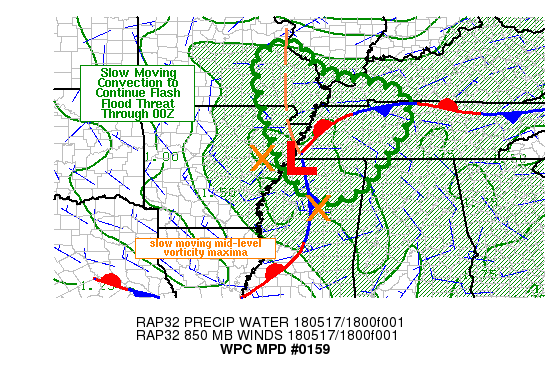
AREAS AFFECTED...LOWER TO MID-MISSISSIPPI VALLEY

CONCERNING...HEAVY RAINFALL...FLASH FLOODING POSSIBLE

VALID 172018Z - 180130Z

SUMMARY...A FLASH FLOOD THREAT WILL CONTINUE FOR THE NEXT 3-6
HOURS IN THE VICINITY OF THE LOWER TO MID-MISSISSIPPI VALLEY WITH
SLOW MOVING REPEATING CORES OF HEAVY RAIN. ADDITIONAL RAINFALL OF
3-5 INCHES WILL BE POSSIBLE ON A LOCALIZED BASIS.

DISCUSSION...MID-LEVEL WATER VAPOR IMAGERY DEPICTED AN ELONGATING
BUT SLOW MOVING DOUBLE BARREL VORTICITY MAX OVER THE
ARKANSAS/MISSISSIPPI BORDER AT 2000Z. SURFACE OBSERVATIONS PLACED
A LOW CENTER NEAR HKA WITH A WEAKENING STATIONARY FRONT EXTENDING
EAST AND SOUTH TO SOUTHWEST OF THE LOW. IN ADDITION...AN INVERTED
TROUGH AXIS EXTENDED NORTH-NORTHWEST OF THE LOW INTO SOUTHEASTERN
MISSOURI. OBSERVED CONVECTION OVER THE PAST FEW HOURS IN THE
VICINITY OF THE SURFACE LOW AND RELATED BOUNDARIES HAS BEEN SLOW
MOVING...GENERALLY TOWARD THE WEST...WITH REPEATING CELL MOTIONS.
KPAH AND KNQA RADAR RATES HAVE PEAKED AS HIGH AS 2-3 IN/HR...BUT
THE LOCALIZED NATURE OF THESE ESTIMATED RATES ALONG WITH LIKELY
EMBEDDED SMALL HAIL HAS MADE CONFIRMING WITH GROUND TRUTH
DIFFICULT. NONETHELESS...PRECIPITABLE WATER VALUES OF ROUGHLY 1.7
TO 1.8 INCHES PER RECENT GPS SITES AND MLCAPE AT OR ABOUT 1000
J/KG PER THE SPC MESOANALYSIS PAGE SUPPORT THE POTENTIAL FOR 2+
IN/HR RAIN RATES GIVEN THE SLOW STORM MOTIONS.

ADDITIONAL CONVECTION IS EXPECTED OVER THE NEXT 3-6 HOURS...MAINLY
NORTH AND EAST OF THE VORTICITY MAXIMA...WHERE BETTER ACCESS TO
MOISTURE AND WEAK UPPER LEVEL DIFFLUENCE  WILL BE PRESENT. IN
ADDITION...EASTERLY TO SOUTHEASTERLY LOW TO MID-LEVEL MEAN FLOW
WILL SUPPORT CONTINUED REPEATING OF CELLS UNTIL LOSS OF DAYTIME
HEATING/INSTABILITY BEYOND SUNSET WITH THE POTENTIAL FOR AN
ADDITIONAL 3-5 INCHES OF RAIN ON A LOCALIZED BASIS ALONG WITH
FLASH FLOODING.